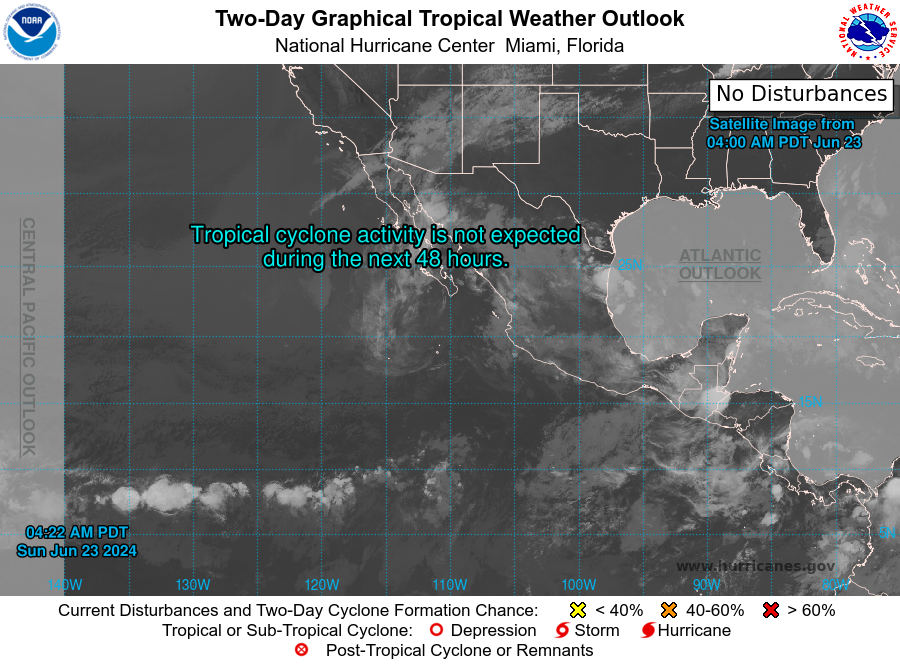
For the eastern North Pacific...east of 140 degrees west longitude:

Tropical cyclone formation is not expected during the next 7 days.

Forecaster Pasch